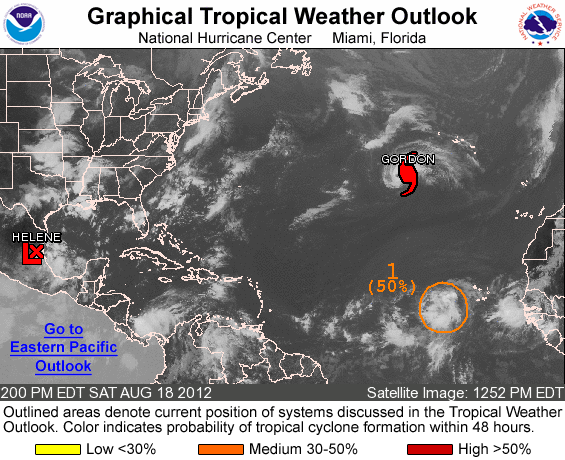
FOR THE NORTH ATLANTIC...CARIBBEAN SEA AND THE GULF OF MEXICO...

THE NATIONAL HURRICANE CENTER IS ISSUING ADVISORIES ON HURRICANE GORDON...LOCATED OVER THE NORTHEASTERN ATLANTIC OCEAN ABOUT 660 MILES WEST-SOUTHWEST OF THE AZORES...AND ON TROPICAL DEPRESSION HELENE...LOCATED INLAND JUST NORTHWEST OF TAMPICO MEXICO.

1. A TROPICAL WAVE LOCATED ABOUT 300 MILES WEST OF THE CAPE VERDE ISLANDS CONTINUES TO PRODUCE DISORGANIZED SHOWER AND THUNDERSTORM ACTIVITY. ENVIRONMENTAL CONDITIONS APPEAR CONDUCIVE FOR GRADUAL DEVELOPMENT DURING THE NEXT FEW DAYS...AND THIS SYSTEM HAS A MEDIUM CHANCE...50 PERCENT...OF BECOMING A TROPICAL CYCLONE DURING THE NEXT 48 HOURS AS IT MOVES WESTWARD AT ABOUT 20 MPH.

ELSEWHERE...TROPICAL CYCLONE FORMATION IS NOT EXPECTED DURING THE NEXT 48 HOURS.

&&
PUBLIC ADVISORIES ON TROPICAL DEPRESSION HELENE ARE ISSUED UNDER WMO HEADER WTNT32 KNHC AND UNDER AWIPS HEADER MIATCPAT2. FORECAST/ADVISORIES ON HELENE ARE ISSUED UNDER WMO HEADER WTNT22 KNHC AND UNDER AWIPS HEADER MIATCMAT2.

FORECASTER BERG